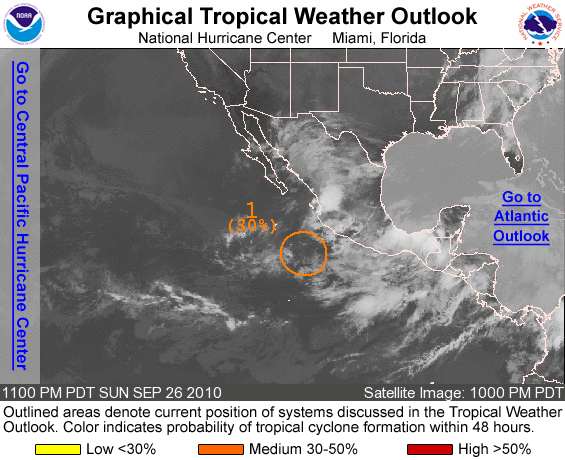
FOR THE EASTERN NORTH PACIFIC...EAST OF 140 DEGREES WEST LONGITUDE..

1. AN AREA OF LOW PRESSURE LOCATED ABOUT 300 MILES SOUTH-SOUTHWEST OF MANZANILLO MEXICO IS PRODUCING A FEW DISORGANIZED SHOWERS AND THUNDERSTORMS. WHILE UPPER-LEVEL WINDS ARE CURRENTLY UNFAVORABLE FOR DEVELOPMENT...THEY COULD BECOME A LITTLE MORE FAVORABLE OVER THE NEXT DAY OR TWO. THERE IS A MEDIUM CHANCE...30 PERCENT...OF THIS SYSTEM BECOMING A TROPICAL CYCLONE DURING THE NEXT 48 HOURS AS IT DRIFTS EASTWARD OR NORTHEASTWARD.

ELSEWHERE...TROPICAL CYCLONE FORMATION IS NOT EXPECTED DURING THE NEXT 48 HOURS.

FORECASTER BROWN